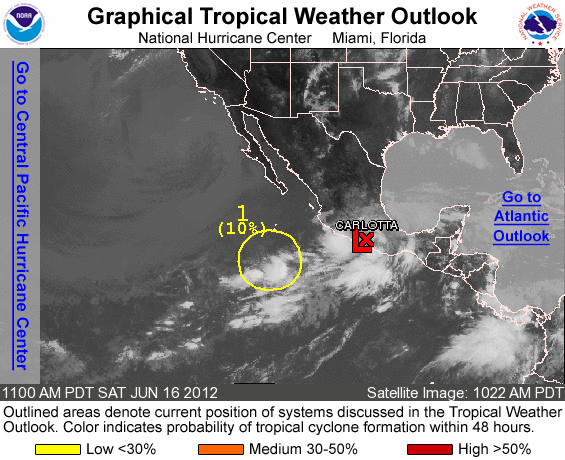
FOR THE EASTERN NORTH PACIFIC...EAST OF 140 DEGREES WEST LONGITUDE..

THE NATIONAL HURRICANE CENTER IS ISSUING ADVISORIES ON RECENTLY DOWNGRADED TROPICAL DEPRESSION CARLOTTA...LOCATED OVER SOUTHERN MEXICO.

1. A BROAD AREA OF LOW PRESSURE LOCATED ABOUT 530 MILES WEST-SOUTHWEST OF MANZANILLO MEXICO IS PRODUCING DISORGANIZED SHOWERS AND A FEW THUNDERSTORMS. DEVELOPMENT...IF ANY...OF THIS SYSTEM SHOULD BE SLOW TO OCCUR AS IT MOVES NORTH-NORTHWESTWARD AT ABOUT 5 MPH THROUGH SUNDAY. THIS SYSTEM HAS A LOW CHANCE...10 PERCENT...OF BECOMING A TROPICAL CYCLONE DURING THE NEXT 48 HOURS.

ELSEWHERE...TROPICAL CYCLONE FORMATION IS NOT EXPECTED DURING THE NEXT 48 HOURS.

FORECASTER ROBERTS